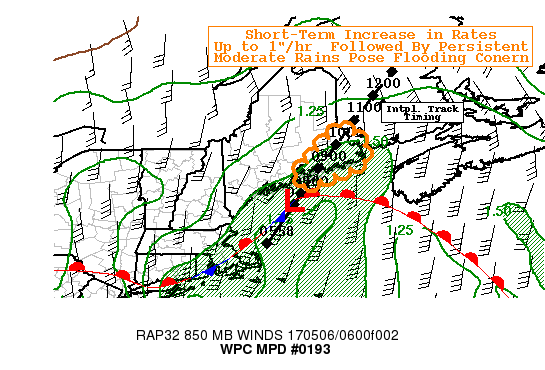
AREAS AFFECTED...SOUTHEAST MAINE

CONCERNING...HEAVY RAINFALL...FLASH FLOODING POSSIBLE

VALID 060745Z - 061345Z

SUMMARY...APPROACH OF SHORTWAVE AND SFC FRONTAL INFLECTION POINT
WILL LEAD TO INCREASED RATES UP TO 1"/HR TOWARD 08-09Z WITH 3-6HR
TOTALS OF 2-3" MAY EXCEED FFG POSING FLOODING CONCERNS WITH FLASH
FLOODING POSSIBLE.

DISCUSSION...LOCAL OBSERVATIONS ACROSS SOUTHEASTERN MAINE INDICATE
OVER RUNNING PRECIPITATION OF .5-.8" HAVE FALLEN.  RADAR MOSAIC
FROM BOX/GYX SUGGEST EMBEDDED SHORTWAVE AND SURFACE REFLECTION ARE
APPROACHING FROM THE SW A BIT FASTER THAN MODELS PROGGED
SUGGESTING THE WAVE REACHES BHB AROUND 830Z.  AHEAD OF THE WARM
FRONT LOWERING CLOUD BASES AND INCREASED MST FLUX FROM
STRENGTHENING 850MB FLOW FROM SELY 45KTS VEERING TO 60KTS WITH
WARM FRONT PASSAGE AND TPWS INCREASING FROM 1.5 TO 1.75" BY 10Z
WITH POSSIBLE 100-250 J/KG CAPES (PER HRRR) WILL SUPPORT INCREASED
RAIN RATES TO UP TO 1"/HR FOR AN HOUR OR SO...ALLOWING 3HR TOTALS
TO NEAR FFG VALUES OF 1.5" IN THE VICINITY.

LONGER TERM...EVEN AS THE WARM FRONT PASSES...THE COLD FRONT IS
EXPECTED TO REMAIN FAIRLY CLOSE TO OR PARALLEL TO INTO THE WESTERN
BAY OF FUNDY.  LARGER SCALE UPPER LEVEL CYCLONE WILL DRAW S/W
CONTINUING TO SLOW/STALL OR EVEN POTENTIALLY RETROGRADE THE COLD
FRONT ALONG THE COAST.  THOUGH WITH INCREASED FLOW AT THE SURFACE
UP TO 40KTS AND 850MB FL UP TO 65KTS  IN AND AROUND THE FRONT
SUPPORTING CONTINUED MODERATE RAINFALL OF .25"/HR LIKELY WITH
OCCASIONAL HIGHER SHORT-TERM BURSTS SUPPORTED BY DOWNSTREAM
BLENDED RAIN RATE PRODUCTS FROM POLAR MICROWAVE SATELLITE SUITE.
AS SUCH HI-RES GUIDANCE SUGGESTING MAGNITUDES OVER 2-3" THROUGH
15Z SEEM REASONABLE FOCUSING ON EASTERN WASHINGTON COUNTY INTO SW
NEW BRUNSWICK MAINTAINING FLOODING CONCERN THROUGH THE MORNING
HOURS.